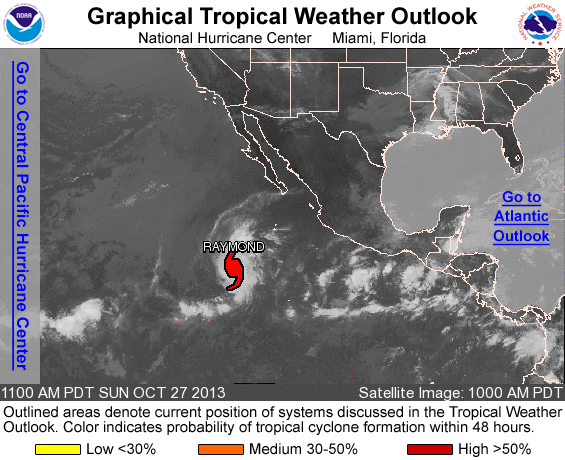
FOR THE EASTERN NORTH PACIFIC...EAST OF 140 DEGREES WEST LONGITUDE..

THE NATIONAL HURRICANE CENTER IS ISSUING ADVISORIES ON HURRICANE RAYMOND...LOCATED SEVERAL HUNDRED MILES SOUTHWEST OF THE SOUTHERN TIP OF THE BAJA CALIFORNIA PENINSULA.

TROPICAL CYCLONE FORMATION IS NOT EXPECTED DURING THE NEXT 48 HOURS.

OTHER SYSTEMS WITH FORMATION POTENTIAL BEYOND 48 HOURS...

AN AREA OF LOW PRESSURE COULD FORM SEVERAL HUNDRED MILES SOUTHWEST OF THE COAST OF MEXICO IN A FEW DAYS. ENVIRONMENTAL CONDITIONS ARE EXPECTED TO BE MARGINALLY CONDUCIVE FOR SOME DEVELOPMENT LATER THIS WEEK WHILE THE DISTURBANCE MOVES WEST-NORTHWESTWARD OR NORTHWESTWARD AT 5 TO 10 MPH. THIS SYSTEM HAS A LOW CHANCE...NEAR 0 PERCENT...OF BECOMING A TROPICAL CYCLONE DURING THE NEXT 48 HOURS...AND A MEDIUM CHANCE...30 PERCENT...OF BECOMING A TROPICAL CYCLONE DURING THE NEXT 5 DAYS.

&&
FIVE-DAY FORMATION PROBABILITIES ARE EXPERIMENTAL IN 2013. COMMENTS ON THE EXPERIMENTAL FORECASTS CAN BE PROVIDED AT...

HTTP://WWW.NWS.NOAA.GOV/SURVEY/NWS-SURVEY.PHP?CODE=ETWO

FORECASTER BERG